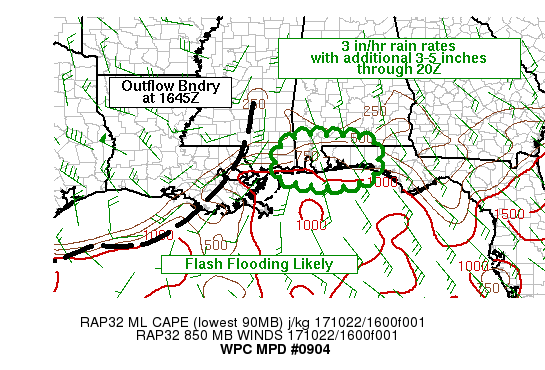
AREAS AFFECTED...SERN MS/SRN AL/WRN FL PANHANDLE

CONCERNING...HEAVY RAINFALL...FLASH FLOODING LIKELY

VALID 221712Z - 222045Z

SUMMARY...A LOCALIZED FLASH FLOOD THREAT WILL CONTINUE ACROSS
PORTIONS OF THE CNTRL GULF COAST OVER THE NEXT FEW HOURS. RAINFALL
RATES OF NEAR 3 IN/HR ARE EXPECTED TO ALLOW FOR 3-5 INCH RAINFALL
TOTALS OVER A 2 HOUR PERIOD THROUGH 20Z.

DISCUSSION...RADAR IMAGERY THROUGH 1645Z CONTINUED TO SHOW A SLOW
MOVING CLUSTER OF HEAVY RAINFALL MOVING THROUGH SERN MS INTO SWRN
AL. RATES OF 3-4 IN/HR WERE REPORTED IN SRN HARRISON COUNTY MS
ENDING NEAR 15Z...WITH KLIX DUAL POL ESTIMATES SHOWING SIMILAR
RAINFALL RATES EASTWARD INTO JACKSON COUNTY AS OF 1645Z. IT
APPEARS JUST RECENTLY THAT THERE HAS BEEN MORE OF AN EASTWARD PUSH
TO THE AXIS OF HEAVY RAINFALL COMPARED TO 2-3 HOURS
AGO...PREVIOUSLY MOVING BETWEEN 5-10 KT. LOW LEVEL CONFLUENT FLOW
INTO THE CNTRL GULF COAST CONTINUES TO SUPPORT THE HEAVY RAINFALL
CLUSTER BENEATH A DIFFLUENT FLOW PATTERN ALOFT AMID PRECIPITABLE
WATER VALUES OF 1.9 TO 2.1 INCHES. FARTHER UPSTREAM...AN ELONGATED
OUTFLOW BOUNDARY CONTINUES TO LESSEN THE GAP BETWEEN IT AND THE
SLOW MOVING CLUSTER OF HEAVY RAIN ALONG THE MS/AL BORDER.

WHILE LOW CONFLUENT FLOW IS EXPECTED TO CONTINUE...UPPER LEVEL
DIFFLUENCE WILL WEAKEN SLIGHTLY FROM ITS CURRENT STATE THROUGH 20Z
AS FLOW ALOFT BECOMES MORE ALIGNED FROM THE SOUTHWEST AHEAD OF AN
APPROACHING UPPER TROUGH. RECENT HI-RES MODELS HAVE BEEN TOO SLOW
WITH THE ELONGATED UPSTREAM OUTFLOW BOUNDARY...WITH CURRENT
OBSERVATIONS SHOWING THE BOUNDARY MOVING AT ABOUT 30 KT. GIVEN
THIS MOVEMENT AND THE CURRENT MOVEMENT OF THE SLOW MOVING AXIS OF
HEAVY RAIN TO ITS EAST...THE TWO MAY MEET UP IN ANOTHER 3-4
HOURS...OR BETWEEN 20-21Z...WHICH COULD FINALLY DISRUPT THE
ONGOING FLASH FLOOD THREAT. UNTIL THEN HOWEVER...FLASH FLOODING IS
LIKELY TO CONTINUE ON A LOCALIZED BASIS WITHIN ABOUT 70 MILES OF
THE COAST.